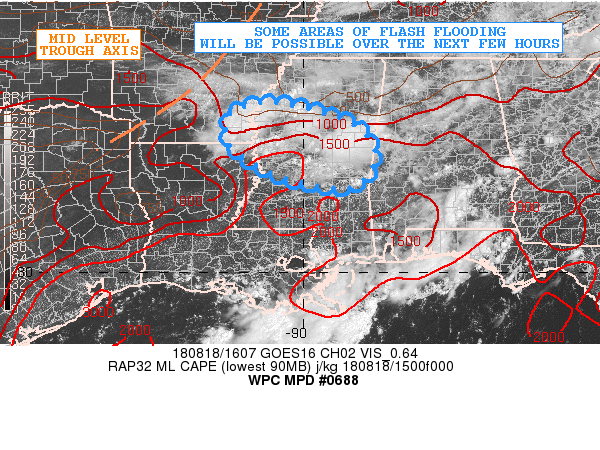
Areas affected...Far southeast AR...Central MS

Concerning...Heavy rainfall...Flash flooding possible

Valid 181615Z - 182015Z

Summary...Heavy showers and thunderstorms will continue over the
next few hours with some gradual expansion in coverage. Some
additional potential exists for flash flooding.

Discussion...The latest GOES-16 IR satellite imagery shows cooling
convective tops over areas of far southeast AR and across central
MS in association with a mid level trough that is seen digging
across portions of the lower MS and TN Valleys. The boundary layer
ahead of the trough axis is becoming increasingly unstable with
MLCAPE of 1500+ j/kg and this should foster a bit more convective
organization and coverage going through the early to mid afternoon
hours.

PWATS across the region are quite high and on the order of about
2.25 inches. This will favor extremely heavy rainfall rates that
may approach 3 inches/hr in some cases given efficient rainfall
processes and the strengthening thermodynamic profiles.

The latest 12Z hires model consensus favors as much as 3 to 4
inches going through mid-afternoon, and gradually the signal for
heavy rainfall will become more focused farther to south across
areas of southern MS by later this afternoon.

Many areas of southeast AR and central MS saw heavy rain
yesterday, and thus given the relatively wet antecedent
conditions, the additional rainfall will foster concerns for some
additional flash flooding.